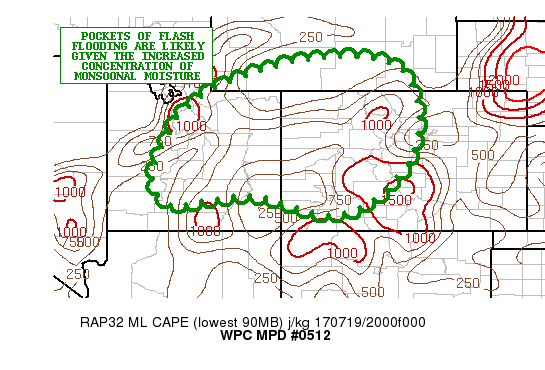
AREAS AFFECTED...CENTRAL/EASTERN UT...WESTERN/CENTRAL
CO...SOUTHERN WY

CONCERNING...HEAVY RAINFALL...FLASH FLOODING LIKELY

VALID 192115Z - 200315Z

SUMMARY...SHOWERS AND THUNDERSTORMS WITH ENHANCED RAINFALL RATES
ARE EXPECTED THIS AFTERNOON AND EVENING. POCKETS OF FLASH FLOODING
ARE LIKELY.

DISCUSSION...CLUSTERS OF THUNDERSTORMS CONTINUE TO DEVELOP AND
EXPAND IN COVERAGE OVER THE HIGHER TERRAIN OF THE WASATCH AND
ADJACENT UINTA RANGE OF UT...AND ALSO FARTHER EAST ACROSS THE
CENTRAL/WESTERN CO HIGH COUNTRY AND PARTS OF SOUTHERN WY. THIS IS
BEING FACILITATED BY STRONG DIURNAL HEATING...OROGRAPHIC
FORCING/TERRAIN INDUCED CIRCULATIONS AND ALSO THE INCREASED
CONCENTRATION OF MONSOONAL MOISTURE. IN FACT...THE GOES-15 SOUNDER
AND CIRA-LPW DATA SHOW A WELL-DEFINED CHANNEL OF DEEPER MONSOONAL
MOISTURE WRAPPING AROUND THE NORTHWEST FLANK OF THE MID LEVEL
SUBTROPICAL RIDGE THAT IS NOSED WEST INTO THE FOUR CORNERS REGION.
SOME OF THE PWATS OVER CENTRAL/EASTERN UT AND WESTERN CO ARE
RUNNING UP BETWEEN 1 AND 1.25 INCHES WHICH IS A SOLID 2 TO 3
STANDARD DEVIATIONS ABOVE NORMAL.

THE GLOBAL MODELS INDICATE A FURTHER ENHANCEMENT AND CONCENTRATION
OF MONSOONAL MOISTURE THROUGH THE EVENING ACROSS THE MPD THREAT
AREA...AND A CONSENSUS OF THE HIRES MODELS FROM 12Z INCLUDING THE
ARW/NMMB AND NSSL-WRF ALL SUPPORT A CONTINUED EXPANSION OF
THUNDERSTORM ACTIVITY WITH LOCALLY VERY HEAVY RAINFALL. IN
FACT...THE GUIDANCE SUPPORTS AT LEAST LOCALIZED 2 TO 4 INCH
AMOUNTS...WHICH WILL BE SUPPORTED BY HOURLY RAINFALL RATES OF 1.5
TO 2 INCHES/HR WITHIN THE STRONGEST CONVECTIVE CORES AND
ESPECIALLY WITH THE LEVEL OF DEEPER MOISTURE IN PLACE IN THE
700/300 MB LAYER.

THESE RAINFALL AMOUNTS ARE LIKELY TO RESULT IN SOME AREAS OF FLASH
FLOODING AND ESPECIALLY OVER AREAS OF STEEPER TERRAIN AND ADJACENT
CANYON AREAS WHERE WATER WILL BE CHANNELED VERY EFFICIENTLY
DOWNSTREAM. WILL CONTINUE TO MONITOR.